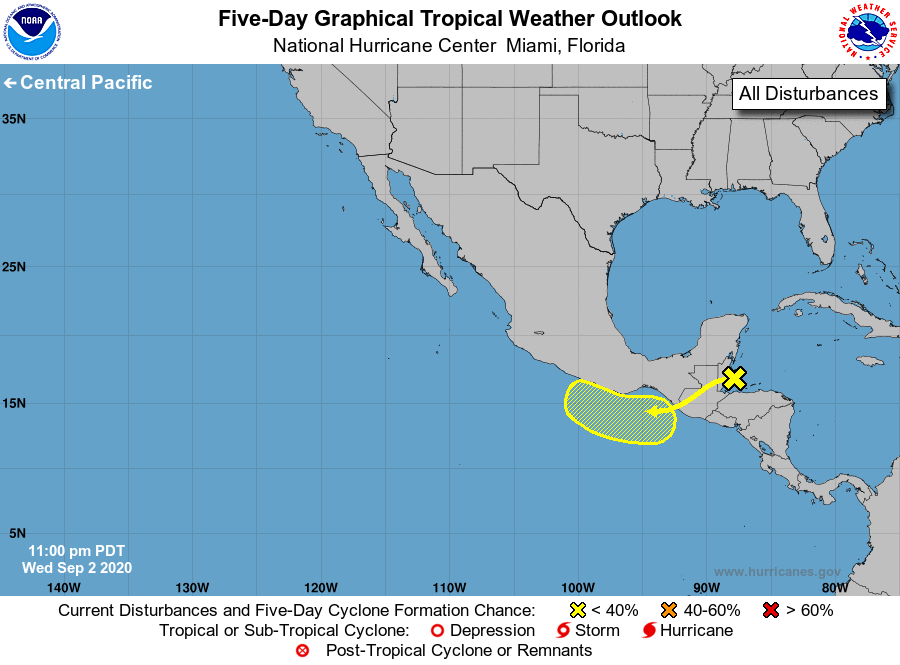
For the eastern North Pacific...east of 140 degrees west longitude:

1. The remnants of Atlantic basin Hurricane Nana could emerge over the eastern Pacific waters near the Gulf of Tehuantepec on Friday. Unfavorable upper-level winds are expected to limit development through the weekend while the system moves generally west-northwestward near the southern coast of Mexico.
* Formation chance through 48 hours...low...10 percent.
* Formation chance through 5 days...low...20 percent.

Forecaster Berg